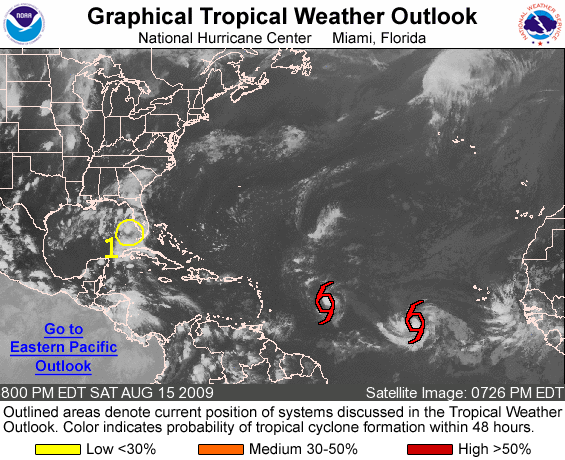
FOR THE NORTH ATLANTIC...CARIBBEAN SEA AND THE GULF OF MEXICO...

THE NATIONAL HURRICANE CENTER IS ISSUING ADVISORIES ON TROPICAL STORM ANA...LOCATED ABOUT 735 MILES EAST-SOUTHEAST OF THE LEEWARD ISLANDS...AND ON TROPICAL STORM BILL...LOCATED ABOUT 820 MILES WEST-SOUTHWEST OF THE CAPE VERDE ISLANDS.

1. A LARGE AREA OF CLOUDINESS AND THUNDERSTORMS OVER THE SOUTHEASTERN GULF OF MEXICO IS PRIMARILY ASSOCIATED WITH A TROPICAL WAVE INTERACTING WITH A MID- TO UPPER-LEVEL TROUGH. THIS ACTIVITY HAS BECOME A LITTLE MORE CONCENTRATED OVER THE SOUTHEASTERN GULF OF MEXICO WHERE SURFACE PRESSURES ARE BEGINNING TO FALL. THERE ARE NO SIGNS OF A SURFACE CIRCULATION AT THIS TIME AND ANY ADDITIONAL DEVELOPMENT...IF ANY...SHOULD BE SLOW TO OCCUR. THIS SYSTEM SHOULD MOVES TOWARD THE NORTHWEST OVER THE EASTERN GULF OF MEXICO ON SUNDAY. THERE IS A LOW CHANCE...LESS THAN 30 PERCENT...OF THIS SYSTEM BECOMING A TROPICAL CYCLONE DURING THE NEXT 48 HOURS.

ELSEWHERE...TROPICAL CYCLONE FORMATION IS NOT EXPECTED DURING THE NEXT 48 HOURS.

PUBLIC ADVISORIES ON TROPICAL STORM ANA ARE ISSUED UNDER WMO HEADER WTNT32 KNHC AND UNDER AWIPS HEADER MIATCPAT2. FORECAST/ADVISORIES ARE ISSUED UNDER WMO HEADER WTNT22 KNHC AND UNDER AWIPS HEADER MIATCMAT2.

PUBLIC ADVISORIES ON TROPICAL STORM BILL ARE ISSUED UNDER WMO HEADER WTNT33 KNHC AND UNDER AWIPS HEADER MIATCPAT3. FORECAST/ADVISORIES ARE ISSUED UNDER WMO HEADER WTNT23 KNHC AND UNDER AWIPS HEADER MIATCMAT3.

FORECASTER AVILA/KIMBERLAIN